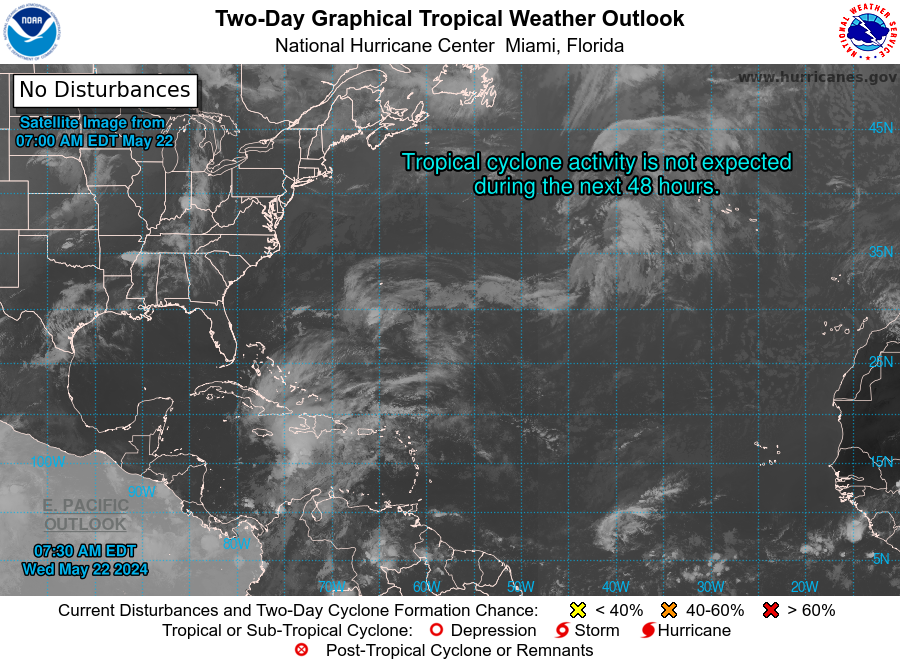
For the North Atlantic...Caribbean Sea and the Gulf of Mexico:

Tropical cyclone formation is not expected during the next 7 days.

Forecaster Pasch